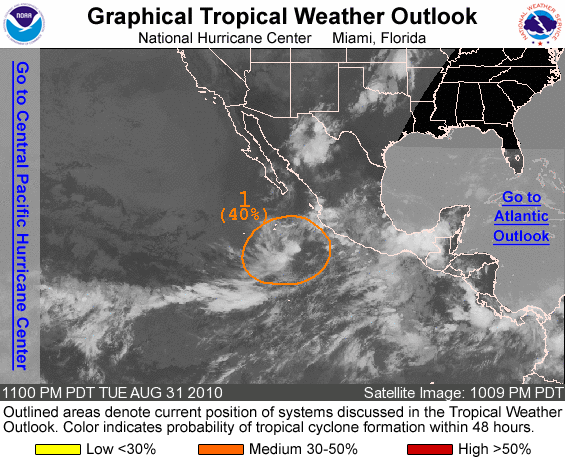
FOR THE EASTERN NORTH PACIFIC...EAST OF 140 DEGREES WEST LONGITUDE..

1. SHOWER AND THUNDERSTORM ACTIVITY IS LIMITED IN ASSOCIATION WITH A BROAD AREA OF LOW PRESSURE LOCATED ABOUT 250 MILES SOUTHWEST OF MANZANILLO MEXICO. UPPER-LEVEL WINDS COULD BECOME MORE FAVORABLE FOR DEVELOPMENT DURING THE NEXT COUPLE OF DAYS AS THE SYSTEM MOVES NORTHWESTWARD AT ABOUT 10 MPH. THERE IS A MEDIUM CHANCE...40 PERCENT...OF THIS SYSTEM BECOMING A TROPICAL CYCLONE DURING THE NEXT 48 HOURS.

ELSEWHERE...TROPICAL CYCLONE FORMATION IS NOT EXPECTED DURING THE NEXT 48 HOURS.

FORECASTER CANGIALOSI